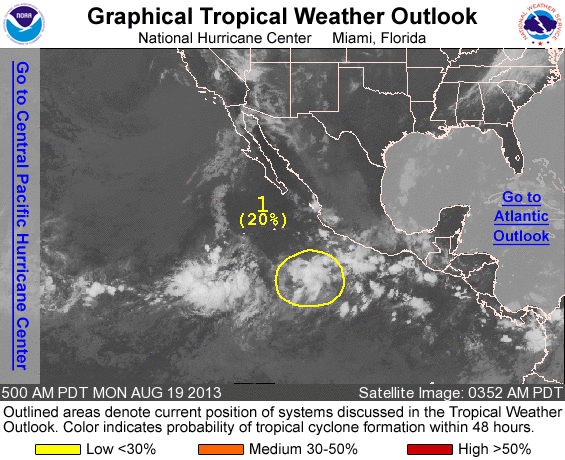
FOR THE EASTERN NORTH PACIFIC...EAST OF 140 DEGREES WEST LONGITUDE..

1. A BROAD AREA OF LOW PRESSURE LOCATED SEVERAL HUNDRED MILES SOUTH OF MANZANILLO MEXICO IS PRODUCING DISORGANIZED SHOWERS AND THUNDERSTORMS. ENVIRONMENTAL CONDITIONS ARE CONDUCIVE FOR GRADUAL DEVELOPMENT OF THIS SYSTEM...AND A TROPICAL DEPRESSION COULD FORM AROUND MIDWEEK. THIS SYSTEM HAS A LOW CHANCE...20 PERCENT...OF BECOMING A TROPICAL CYCLONE DURING THE NEXT 48 HOURS...BUT A HIGH CHANCE...80 PERCENT...OF BECOMING A TROPICAL CYCLONE DURING THE NEXT FIVE DAYS WHILE IT MOVES NORTHWESTWARD AND THEN NORTH- NORTHWESTWARD.

OTHER SYSTEMS WITH FORMATION POTENTIAL BEYOND 48 HOURS...

A LOW PRESSURE AREA COULD FORM WELL SOUTHWEST OF THE SOUTHERN TIP OF THE BAJA CALIFORNIA PENINSULA IN A FEW DAYS. SOME SLOW DEVELOPMENT OF THIS SYSTEM IS POSSIBLE LATER IN THE WEEK. THIS SYSTEM HAS A LOW CHANCE...NEAR 0 PERCENT...OF BECOMING A TROPICAL CYCLONE DURING THE NEXT 48 HOURS...AND A LOW CHANCE...20 PERCENT...OF BECOMING A TROPICAL CYCLONE DURING THE NEXT 5 DAYS WHILE IT REMAINS NEARLY STATIONARY.

FIVE-DAY FORMATION PROBABILITIES ARE EXPERIMENTAL IN 2013. COMMENTS ON THE EXPERIMENTAL FORECASTS CAN BE PROVIDED AT...

HTTP://WWW.NWS.NOAA.GOV/SURVEY/NWS-SURVEY.PHP?CODE=ETWO

FORECASTER PASCH